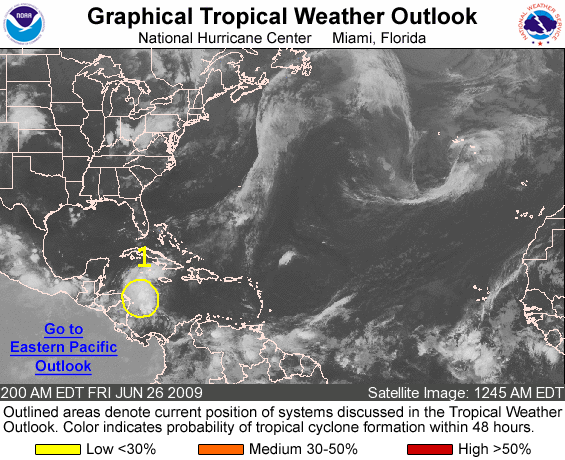
FOR THE NORTH ATLANTIC...CARIBBEAN SEA AND THE GULF OF MEXICO...

1. SHOWERS AND THUNDERSTORMS ASSOCIATED WITH A TROPICAL WAVE IN THE WESTERN CARIBBEAN SEA HAVE INCREASED BETWEEN CENTRAL AMERICA AND THE CAYMAN ISLANDS. DEVELOPMENT...IF ANY...IS EXPECTED TO BE SLOW TO OCCUR AS THIS SYSTEM MOVES TO THE WEST-NORTHWEST AT ABOUT 10 TO 15 MPH. THERE IS A LOW CHANCE...LESS THAN 30 PERCENT...OF THIS SYSTEM BECOMING A TROPICAL CYCLONE DURING THE NEXT 48 HOURS. LOCALLY HEAVY RAIN IS POSSIBLE DURING THE NEXT COUPLE OF DAYS OVER AREAS OF CENTRAL AMERICA FROM HONDURAS NORTHWARD INTO BELIZE AND THE YUCATAN PENINSULA OF MEXICO.

ELSEWHERE...TROPICAL CYCLONE FORMATION IS NOT EXPECTED DURING THE NEXT 48 HOURS.

FORECASTER BLAKE